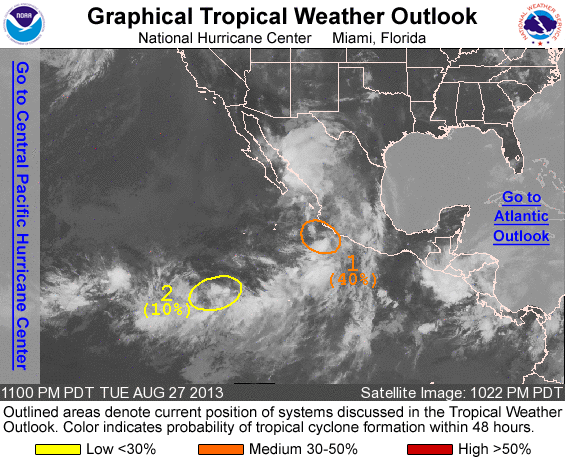
FOR THE EASTERN NORTH PACIFIC...EAST OF 140 DEGREES WEST LONGITUDE..

1. A SMALL AREA OF LOW PRESSURE LOCATED ABOUT 100 MILES SOUTHWEST OF MANZANILLO MEXICO CONTINUES TO PRODUCE SHOWERS AND A FEW THUNDERSTORMS. THIS ACTIVITY HAS CHANGED LITTLE IN ORGANIZATION DURING THE PAST FEW HOURS...BUT THE LOW IS STILL PROBABLY PRODUCING AN AREA OF GALE-FORCE WINDS NEAR ITS CENTER. ENVIRONMENTAL CONDITIONS ARE MARGINALLY CONDUCIVE FOR ADDITIONAL DEVELOPMENT OF THE LOW DURING THE NEXT DAY OR SO WHILE IT MOVES QUICKLY NORTHWESTWARD AT ABOUT 20 MPH TOWARD THE SOUTHERN BAJA CALIFORNIA PENINSULA. THIS DISTURBANCE HAS A MEDIUM CHANCE...40 PERCENT...OF BECOMING A TROPICAL CYCLONE DURING THE NEXT 48 HOURS. THE LOW WILL BEGIN INTERACTING WITH LAND OR MOVING OVER COLDER WATER BY THURSDAY...AND DEVELOPMENT AFTER THAT TIME IS NOT LIKELY. THIS SYSTEM HAS A MEDIUM CHANCE...40 PERCENT...OF BECOMING A TROPICAL CYCLONE DURING THE NEXT 5 DAYS. THIS DISTURBANCE COULD PRODUCE LOCALLY HEAVY RAINFALL ALONG THE SOUTHWESTERN COAST OF MEXICO AND THE SOUTHERN BAJA PENINSULA THROUGH THURSDAY. ADDITIONAL INFORMATION ON THIS SYSTEM CAN BE FOUND IN HIGH SEAS FORECASTS ISSUED BY THE NATIONAL WEATHER SERVICE UNDER AWIPS HEADER NFDHSFEPI AND WMO HEADER FZPN01 KWBC.

2. A TROUGH OF LOW PRESSURE IS LOCATED ABOUT 1000 MILES SOUTHWEST OF THE SOUTHERN TIP OF THE BAJA CALIFORNIA PENINSULA. UPPER-LEVEL WINDS APPEAR CONDUCIVE FOR SOME SLOW DEVELOPMENT OF THIS SYSTEM DURING THE NEXT COUPLE OF DAYS WHILE IT MOVES NORTHEASTWARD AND NORTH-NORTHEASTWARD AT ABOUT 10 MPH. THIS SYSTEM HAS A LOW CHANCE...10 PERCENT...OF BECOMING A TROPICAL CYCLONE DURING THE NEXT 48 HOURS. UPPER-LEVEL WINDS COULD BECOME A LITTLE MORE CONDUCIVE FOR DEVELOPMENT BY THE WEEKEND...BUT THE LOW WILL ALSO BE MOVING NORTHWARD TOWARD COLDER WATER. THIS SYSTEM HAS A MEDIUM CHANCE...30 PERCENT...OF BECOMING A TROPICAL CYCLONE DURING THE NEXT 5 DAYS.

FIVE-DAY FORMATION PROBABILITIES ARE EXPERIMENTAL IN 2013. COMMENTS ON THE EXPERIMENTAL FORECASTS CAN BE PROVIDED AT...

HTTP://WWW.NWS.NOAA.GOV/SURVEY/NWS-SURVEY.PHP?CODE=ETWO

FORECASTER BERG